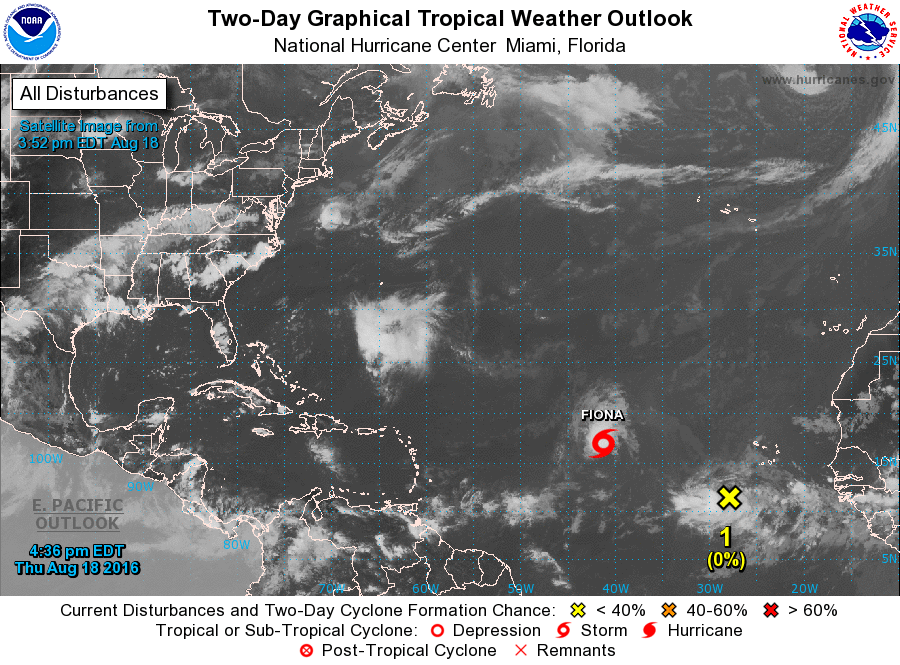
For the North Atlantic...Caribbean Sea and the Gulf of Mexico:

The National Hurricane Center is issuing advisories on Tropical Storm Fiona located over the central tropical Atlantic.

1. A tropical wave located about 300 miles southwest of Cabo Verde Islands is producing widespread cloudiness and disorganized shower activity. Environmental conditions are expected to be conducive for gradual development of this disturbance over the next several days while the system moves westward at about 15 mph.
* Formation chance through 48 hours...low...near 0 percent
* Formation chance through 5 days...low...20 percent

2. A tropical wave is forecast to move off of the coast of Africa on Saturday. Slow development of this system is possible while the wave moves generally westward through a marginally favorable environment.
* Formation chance through 48 hours...low...near 0 percent
* Formation chance through 5 days...low...20 percent

Forecaster Stewart